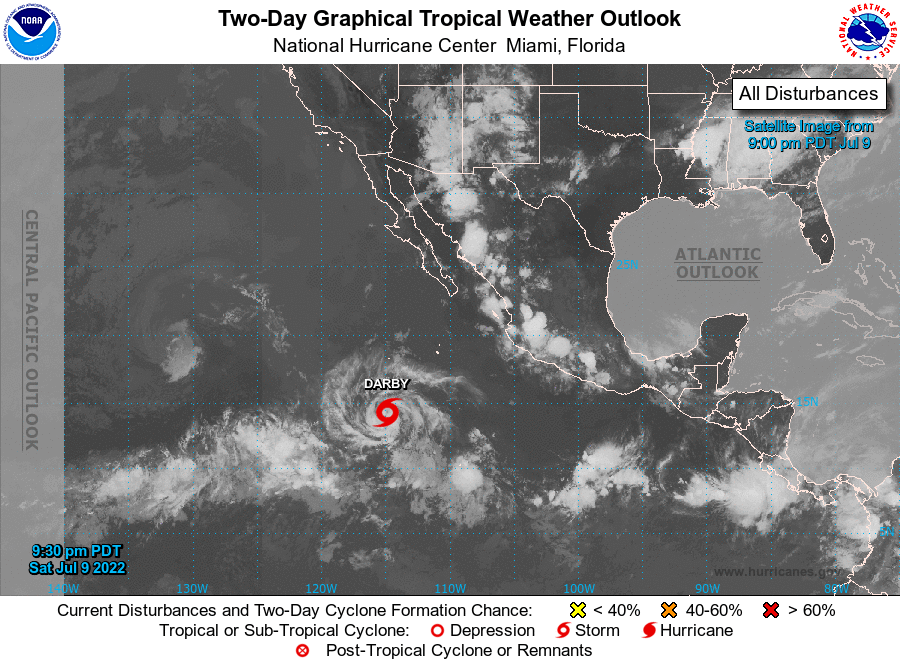
For the eastern North Pacific...east of 140 degrees west longitude:

Active Systems: The National Hurricane Center is issuing advisories on newly formed Tropical Storm Darby, located several hundred miles south-southwest of the southern tip of the Baja California peninsula, and has issued the final advisory on Post-Tropical Cyclone Bonnie, located over 1200 miles west of the southern tip of the Baja California peninsula.

1. Offshore of Southern Mexico: An area of low pressure is forecast to form south of the southern coast of Mexico by the middle of next week. Environmental conditions are expected to be conducive for some gradual development of this system thereafter while it moves generally westward at 10 to 15 mph, remaining offshore of the southern coast of Mexico.
* Formation chance through 48 hours...low...near 0 percent.
* Formation chance through 5 days...low...20 percent.

Public Advisories on Tropical Storm Darby are issued under WMO header WTPZ35 KNHC and under AWIPS header MIATCPEP5. Forecast/Advisories on Tropical Storm Darby are issued under WMO header WTPZ25 KNHC and under AWIPS header MIATCMEP5.

Forecaster Reinhart/Flynn